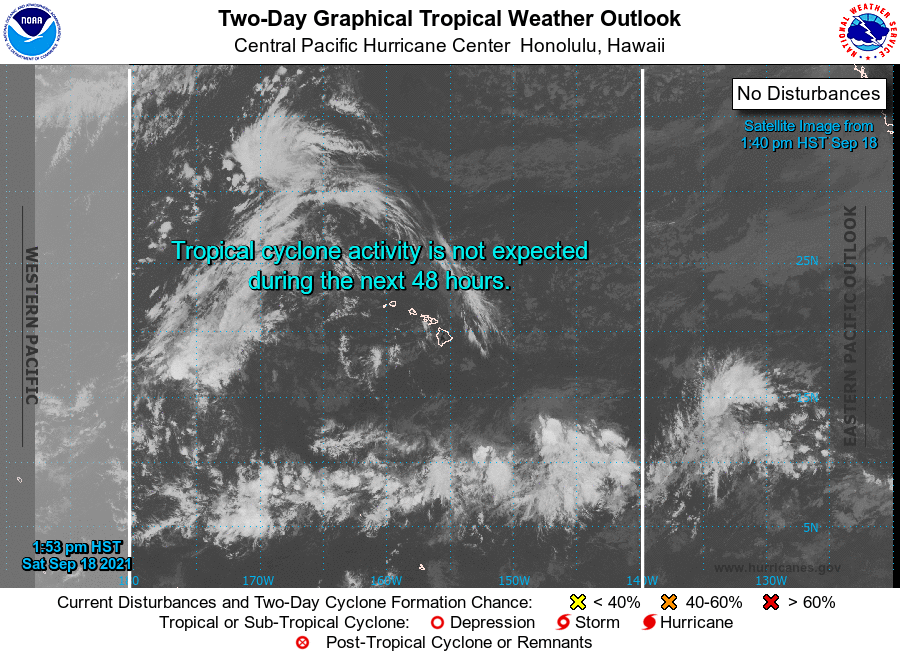
For the central North Pacific...between 140W and 180W:

No tropical cyclones are expected during the next 5 days.

Forecaster TS